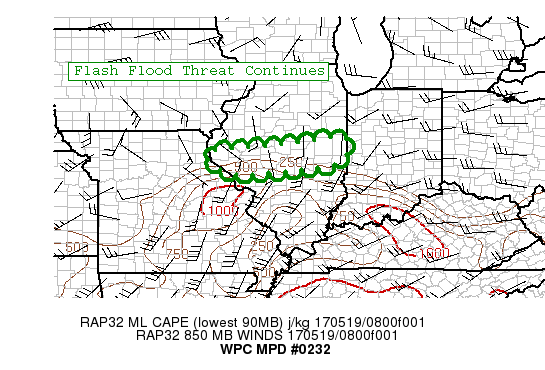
AREAS AFFECTED...CENTRAL ILLINOIS

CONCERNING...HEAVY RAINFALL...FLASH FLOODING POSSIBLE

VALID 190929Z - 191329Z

SUMMARY...A FLASH FLOOD THREAT WILL CONTINUE INTO EARLY THIS
MORNING OVER CENTRAL ILLINOIS.

DISCUSSION...ELEVATED CONVECTION CONTINUES TO BACKBUILD INTO AND
NORTH OF A STATIONARY FRONT EXTENDING FROM WEST TO EAST ACROSS
ILLINOIS INTO INDIANA. SOUTHERLY FLOW INTO AND OVER THIS BOUNDARY
IS LIKELY BEING ENHANCED AHEAD OF THE CONVECTIVELY ENHANCED LOW
OVER MISSOURI. MOST GUIDANCE HAS BEEN UNDER DOING THE AREAL EXTENT
AND INTENSITY OF THIS CONVECTION...PROBABLY IN PART BECAUSE OF
UNDER DOING LOW LEVEL MOISTURE TRANSPORT AHEAD OF THE MCV OVER
MISSOURI.

MODELS WANT TO PUSH THE BOUNDARY NORTH WITH TIME...ALTHOUGH
OUTFLOW IS CURRENTLY HELPING REINFORCE ITS STATIONARY POSITION. SO
WHILE SOME NORTHWARD PUSH IS PROBABLE OVER THE NEXT FEW HOURS...DO
NOT ANTICIPATE MUCH MOVEMENT. THUS THOSE AREAS THAT HAVE BEEN
SEEING REPEAT CONVECTION MAY CONTINUE TO FOR THE NEXT FEW HOURS.
RECENT IR IMAGERY HAS INDICATED WARMING CLOUD TOPS OVER CENTRAL
IL...LIKELY INDICATIVE OF A DECREASE IN CONVECTIVE INTENSITY AND
THUS RAINFALL RATES. HOWEVER WOULD EXPECT TO STILL SEE ELEVATED
CONVECTION (ALBEIT A BIT WEAKER) CONTINUE UNTIL THE CONVECTIVE
LINE PASSES THROUGH. EVEN THOUGH IT SHOULD BE PROGRESSIVE...THE
APPROACHING CONVECTIVE LINE WILL ALSO RESULT IN A PERIOD OF
INTENSE RAINFALL RATES. BOTH OF THESE FACTORS WILL CONTINUE TO
EXACERBATE ANY ONGOING FLOODING...AND POTENTIALLY CAUSE AT LEAST
ISOLATED ADDITIONAL FLASH FLOOD CONCERNS.